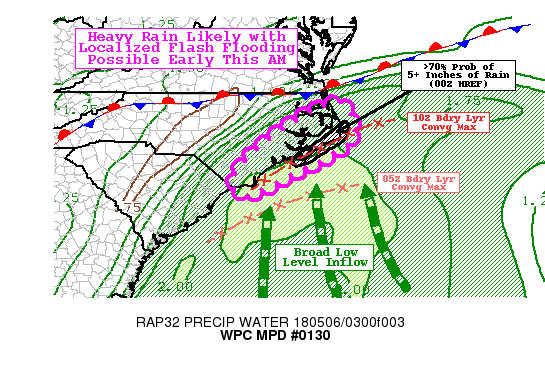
AREAS AFFECTED...OUTER BANKS AND FAR EASTERN NORTH CAROLINA

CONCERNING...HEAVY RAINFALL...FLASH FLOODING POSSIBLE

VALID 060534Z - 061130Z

SUMMARY...HEAVY RAINFALL IS LIKELY OVER FAR EASTERN NORTH CAROLINA
EARLY THIS MORNING...PARTICULARLY OVER THE OUTER BANKS. LOCALIZED
FLASH FLOODING WILL BE POSSIBLE IF HEAVY RAIN RATES CAN BE
SUSTAINED FOR A FEW HOURS. RAINFALL TOTALS SHOULD REACH AND MAY
EXCEED 3-5 INCHES BY 8 AM EDT IN PARTS OF THE OUTER BANKS.

DISCUSSION...THE LATEST CIRA BLENDED TPW PRODUCT SHOWS 2 INCH
PRECIPITABLE WATER VALUES ENCROACHING ON THE COAST OF THE
CAROLINAS AS OF 05Z...AS DOES THE OBJECTIVE RAP ANALYSIS. THIS IS
FURTHER SUPPORTED BY TWO GPS-PW OBSERVATIONS AROUND 1.9 INCHES
(ONE ON THE SC COAST AND ONE IN NC). BASED ON THE SOUNDING
CLIMATOLOGY (1948-2014) FROM THE MOREHEAD CITY NC AREA...2 INCH
PWATS HAVE GENERALLY NOT BEEN OBSERVED PRIOR TO JUNE 1 WITH AN
EXCEPTION IN THE LAST WEEK OF MAY. THEREFORE...THE ATMOSPHERIC
MOISTURE CURRENTLY PUSHING INTO THE EASTERN CAROLINAS IS QUITE
ANOMALOUS AND IS LIKELY NEAR RECORD LEVELS FOR EARLY MAY. BROAD
LOW-LEVEL INFLOW OFFSHORE SHOULD MAINTAIN THE MOISTURE FLUX
THROUGH SUNRISE AND SUPPORT PERSISTENCE OF HEAVY RAIN.

WHETHER THUNDERSTORMS WILL BE EMBEDDED IN THIS AREA OF HEAVY RAIN
IS ANOTHER QUESTION. OBJECTIVE RAP ANALYSIS SHOWS AROUND 500 J/KG
OF MUCAPE BUT HARDLY ANY LIGHTNING STRIKES HAVE BEEN OBSERVED IN
THE LAST HOUR. THIS MAY BE DUE TO THE NARROW CAPE PROFILE...WITH
DEEP SATURATION ON MODEL FORECAST SOUNDINGS BUT LIMITED CAPE ABOVE
THE -10C LAYER. INDEED MRMS SHOWS LIMITED ICE IN RAIN BANDS (VIA
VERTICALLY INTEGRATED ICE PRODUCT) AND 30 DBZ ECHO TOPS GENERALLY
BELOW THE -10C LAYER. WHILE THIS MAY LIMIT THUNDERSTORMS...IT IS
ALSO HIGHLY TYPICAL OF ENVIRONMENTS WITH DOMINANT WARM RAIN
(COLLISION-COALESCENCE) PROCESSES AND EFFICIENT RAINFALL
PRODUCTION. EVEN IN THE HEAVIER RAIN BANDS...KLTX RADAR SHOWS ZDR
VALUES AROUND OR LESS THAN 1 DB...CONSISTENT WITH SMALLER AND MORE
SPHERICAL RAIN DROPS AND WARM RAIN PROCESSES. RADAR RAINFALL
ESTIMATES MAY STRUGGLE IN THIS ENVIRONMENT...PARTICULARLY AT
LONGER RANGES FROM THE RADAR SITE GIVEN THAT THE BULK OF HIGHER
REFLECTIVITY SHOULD BE CONCENTRATED BELOW 10 KFT.

GIVEN THE MESOSCALE ENVIRONMENT...CONFIDENCE IS HIGH IN HEAVY
RAINFALL. THE 00Z HREF SHOWS A GREATER THAN 70 PERCENT CHANCE OF
5+ INCHES OF RAINFALL OVER THE OUTER BANKS BY 12Z AS A BOUNDARY
LAYER CONVERGENCE MAXIMUM PIVOTS IN AND SHOULD HELP FOCUS HEAVIER
PRECIPITATION. ADDITIONALLY...ALMOST ALL HI-RES MODELS SHOW RAIN
RATES APPROACHING 2 IN/HR IN THE HEAVIEST RAIN BANDS. THIS MAY
TRANSLATE INTO SOME LOCALIZED FLASH FLOODING IF THE HEAVIER RAIN
RATES CAN BE SUSTAINED FOR A FEW HOURS. HOWEVER...THE ANTECEDENT
CONDITIONS AND SANDY SOILS IN THE REGION DO NOT GENERALLY FAVOR
FLASH FLOODING. NEVERTHELESS FLASH FLOODING WILL BE
POSSIBLE...PARTICULARLY IF A HEAVY RAIN BAND CAN BECOME SITUATED
SLIGHTLY FURTHER W/NW OVER MORE URBANIZED INLAND LOCATIONS OF FAR
ERN NC.